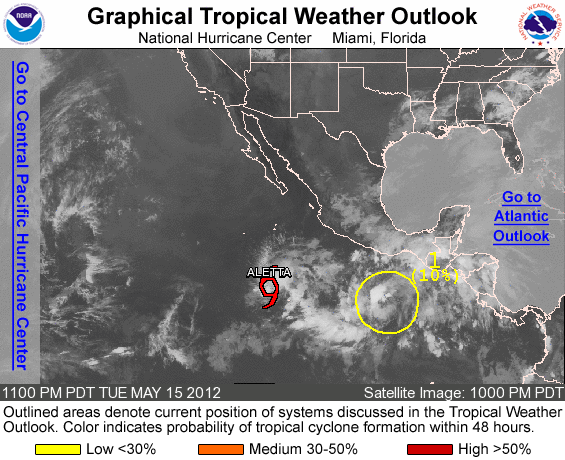
FOR THE EASTERN NORTH PACIFIC...EAST OF 140 DEGREES WEST LONGITUDE..

THE NATIONAL HURRICANE CENTER IS ISSUING ADVISORIES ON TROPICAL STORM ALETTA...LOCATED ABOUT 775 MILES SOUTH OF THE SOUTHERN TIP OF BAJA CALIFORNIA.

1. A LARGE AREA OF DISTURBED WEATHER IS LOCATED SEVERAL HUNDRED MILES SOUTH-SOUTHEAST OF ACAPULCO. ENVIRONMENTAL CONDITIONS APPEAR CONDUCIVE FOR SOME SLOW DEVELOPMENT OF THIS SYSTEM DURING THE NEXT COUPLE OF DAYS. THIS SYSTEM HAS A LOW CHANCE...10 PERCENT...OF BECOMING A TROPICAL CYCLONE DURING THE NEXT 48 HOURS.

ELSEWHERE...TROPICAL CYCLONE FORMATION IS NOT EXPECTED DURING THE NEXT 48 HOURS.

FORECASTER AVILA